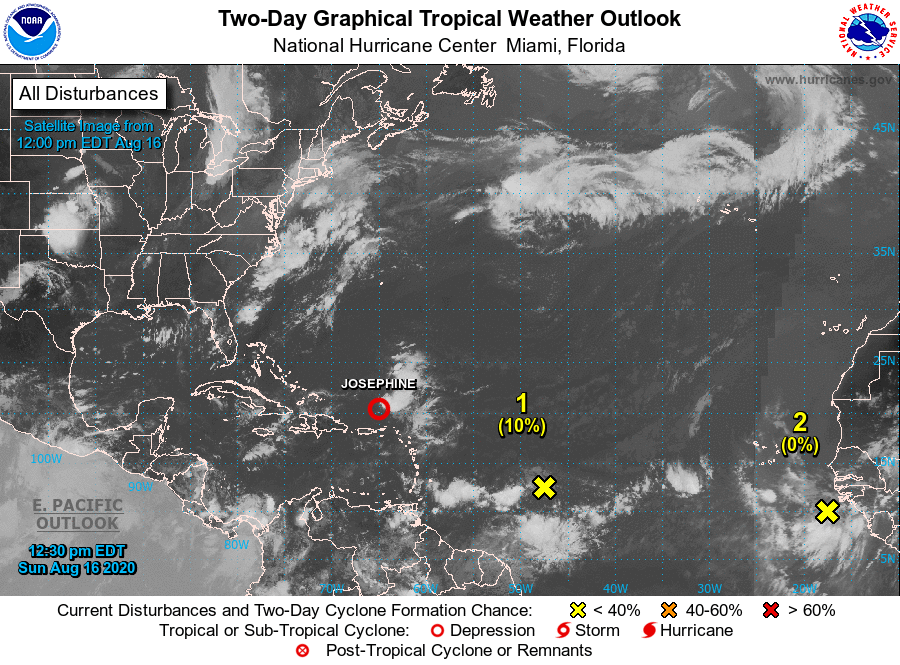
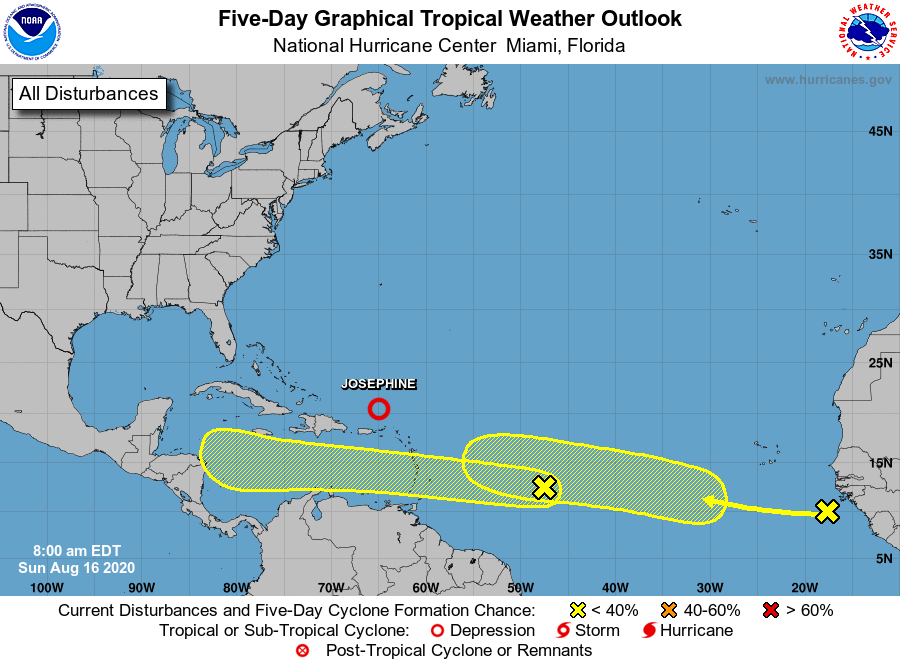
For the North Atlantic...Caribbean Sea and the Gulf of Mexico:

The National Hurricane Center is issuing advisories on Tropical Storm Josephine, located a couple of hundred miles northeast of San Juan, Puerto Rico. The National Hurricane Center has issued the last advisory on Post-Tropical Cyclone Kyle, located several hundred miles southwest of Cape Race, Newfoundland.

1. A fast-moving tropical wave located about 850 miles east of the Windward Islands is producing a small area of disorganized showers and thunderstorms. This system is expected to move westward at about 20 mph during the next few days, and that fast speed is likely to limit development while the system approaches the Windward and southern Leeward Islands today and Monday and moves across the eastern Caribbean Sea on Tuesday. After that time, the system is expected to move more slowly westward across the central and western Caribbean Sea, and upper-level winds could be conducive for development during the middle to latter part of this week.
* Formation chance through 48 hours...low...10 percent.
* Formation chance through 5 days...low...30 percent.

2. Another tropical wave located just west of the coast of Africa is producing a large area of cloudiness and showers. This wave is forecast to move westward at 15 to 20 mph during the next few days, and some development will be possible by the middle to latter part of the week as environmental conditions become more conducive while the system is over the central tropical Atlantic.
* Formation chance through 48 hours...low...near 0 percent.
* Formation chance through 5 days...low...30 percent.

Forecaster Brown